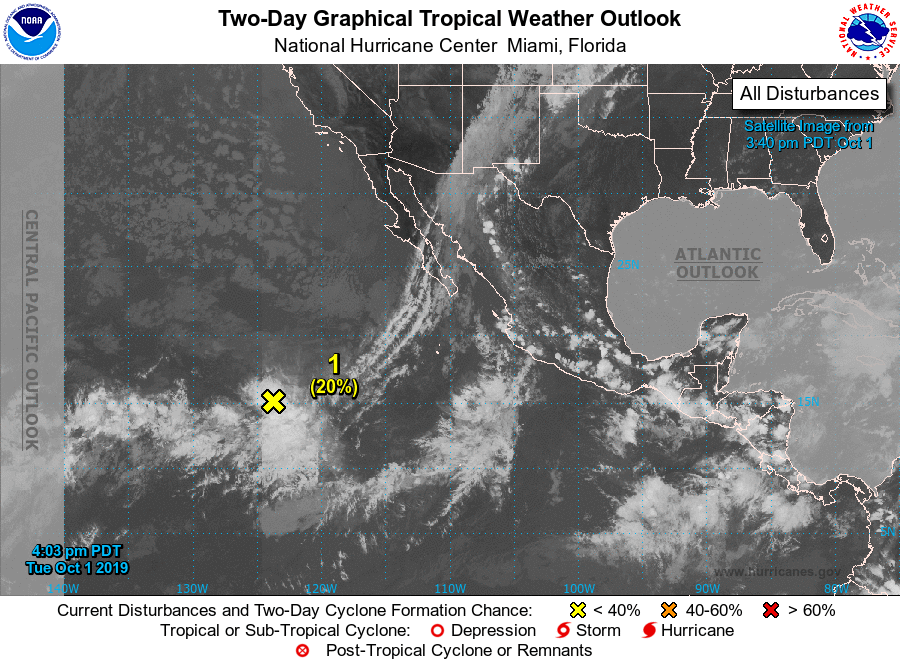
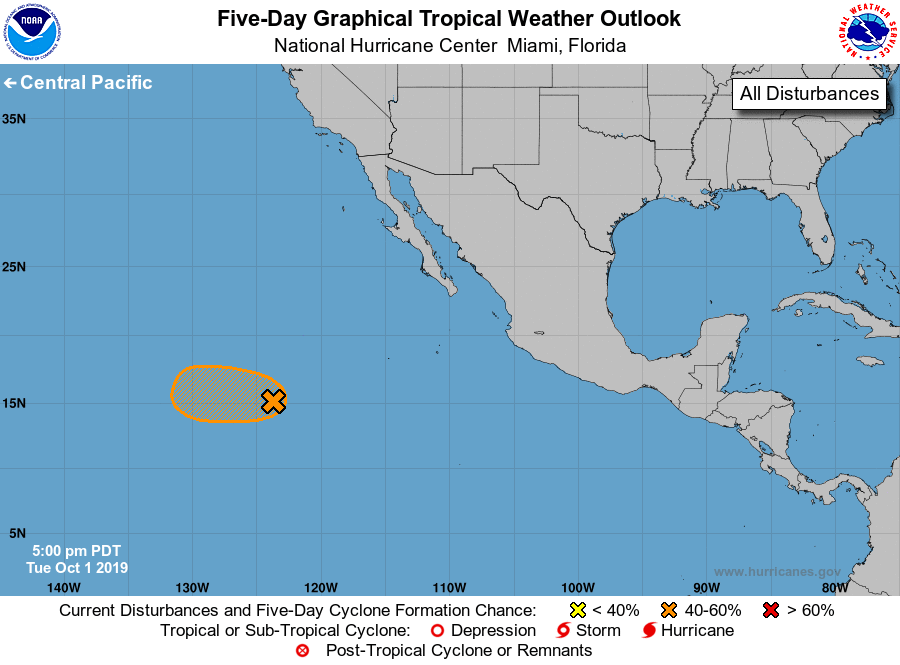
For the eastern North Pacific...east of 140 degrees west longitude:

1. A low pressure system located about 1000 miles southwest of the southern tip of the Baja California peninsula has become better organized since yesterday. Further development of this system is possible during the next several days, and a tropical depression could form over the weekend while the system moves slowly westward.
* Formation chance through 48 hours...low...20 percent.
* Formation chance through 5 days...medium...40 percent.

Forecaster Blake